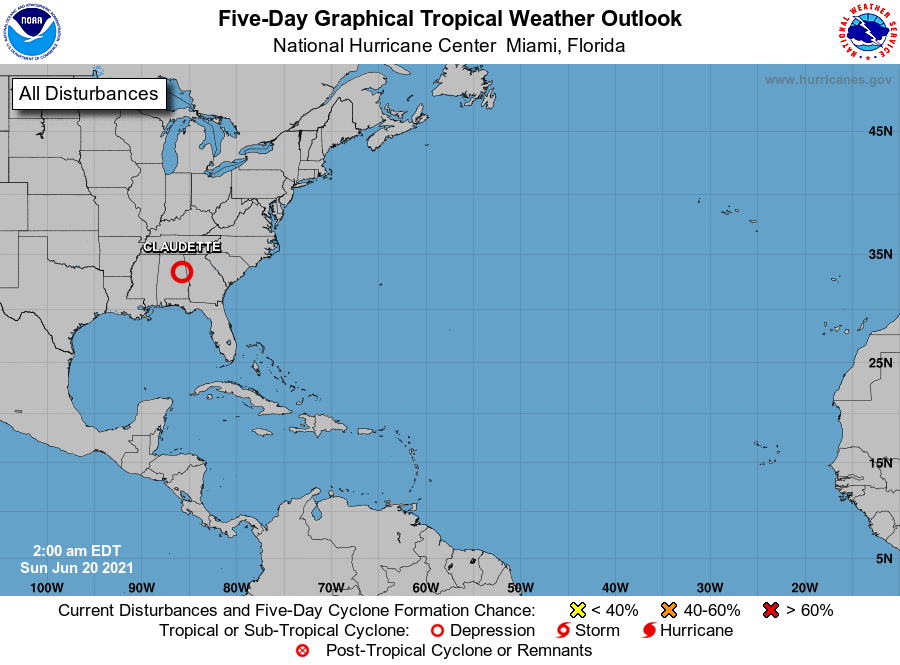
For the North Atlantic...Caribbean Sea and the Gulf of Mexico:

The National Hurricane Center is issuing advisories on Tropical Depression Claudette, located inland over central Alabama.

Tropical cyclone formation is not expected during the next 5 days.

Forecaster Blake